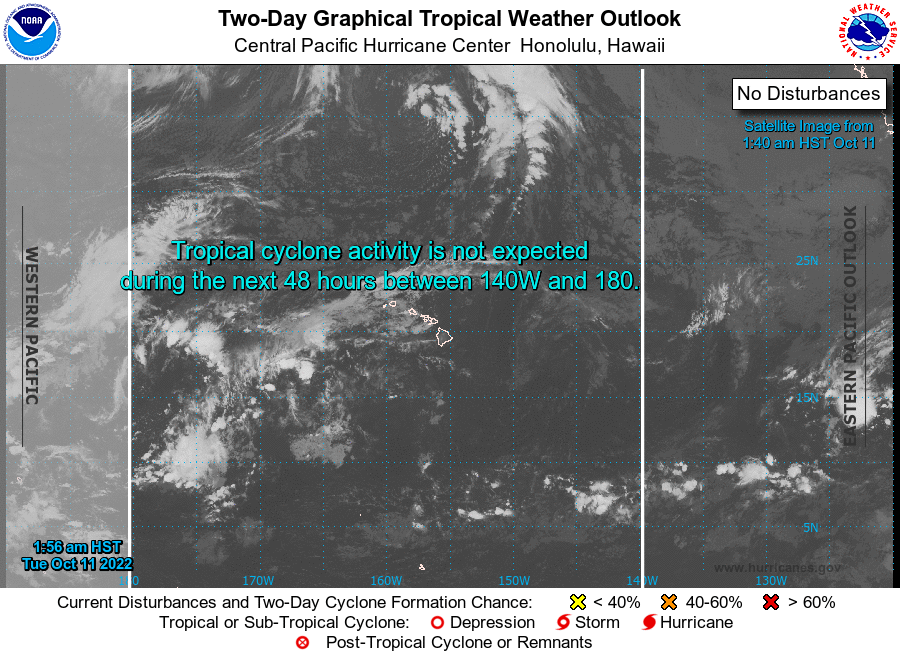
For the central North Pacific...between 140W and 180W:

No tropical cyclones are expected during the next 5 days.

Forecaster Blood